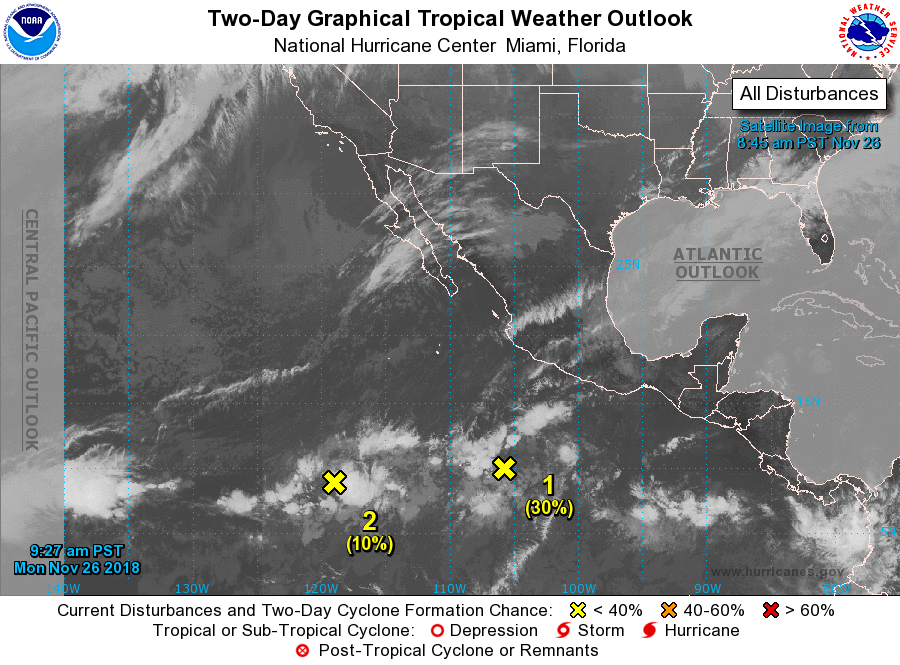
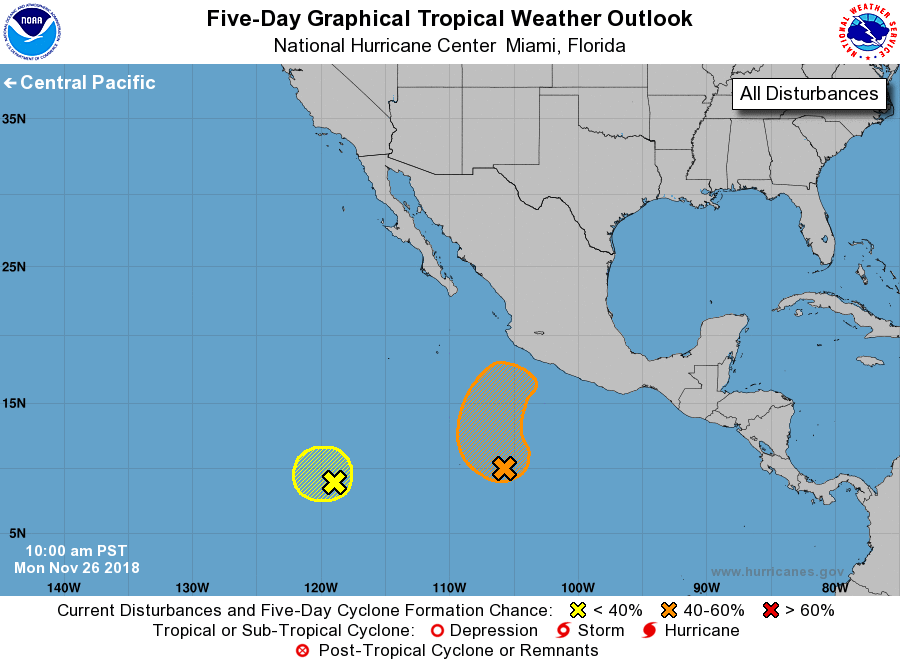
For the eastern North Pacific...east of 140 degrees west longitude:

1. An elongated area of low pressure located several hundred miles southwest of Acapulco, Mexico, is producing disorganized shower and thunderstorm activity. Environmental conditions are expected to become conducive for some gradual development and a tropical depression could form during the next few days. The disturbance is currently moving slowly westward but is forecast to turn northwestward by Tuesday, and then could turn northward or north-northeastward later this week.
* Formation chance through 48 hours...low...30 percent.
* Formation chance through 5 days...medium...50 percent.

2. Showers and thunderstorms remain poorly organized in association with another area of low pressure located nearly 1200 miles south-southwest of the southern tip of the Baja California peninsula. Strong upper-level winds are expected to prevent significant development of this system during the next couple of days while it remains nearly stationary.
* Formation chance through 48 hours...low...10 percent.
* Formation chance through 5 days...low...10 percent.

Forecaster Beven